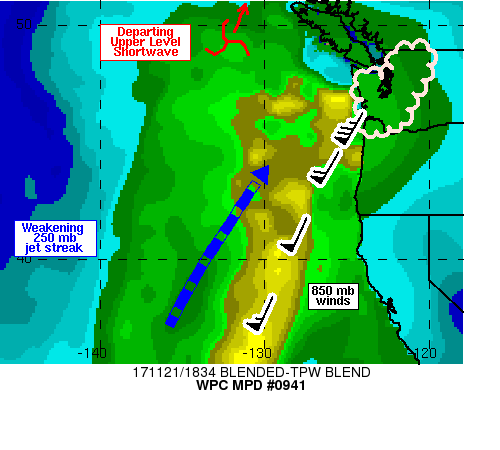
AREAS AFFECTED...FAR NORTHWESTERN OR INTO WESTERN WA

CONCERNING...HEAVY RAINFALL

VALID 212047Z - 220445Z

SUMMARY...RAINFALL RATES CURRENTLY PEAKING IN INTENSITY ACROSS
WESTERN WA WILL BEGIN TO WANE PAST 00Z. AN ADDITIONAL 2-4 INCHES
OF RAIN IS EXPECTED BY 04Z ACROSS THE OLYMPICS...SELECTED COASTAL
RANGES INTO THE WASHINGTON CASCADES.

DISCUSSION...BLENDED TPW IMAGERY THROUGH 18Z SHOWED A LARGE AREA
OF ANOMALOUS PRECIPITABLE WATER VALUES RANGING BETWEEN 200-300
PERCENT OF NORMAL...EXTENDING FROM THE PACIFIC NORTHWEST COAST TO
AND BEYOND 130W AND EXTENDING SWW TO ABOUT 25N. PRECIPITABLE WATER
VALUES WITHIN THE CORE OF THE ANOMALOUS MOISTURE AXIS...WHICH
SHOWED A DIRECT CONNECTION TO THE ITCZ...WERE WIDESPREAD OF 1.5+
INCHES PEAKING NEAR 2 INCHES AS FAR NORTH AS 34N 132W. GPS DATA
SHOWED MAXIMUM PRECIPITABLE WATER VALUES OF 1.3 TO 1.4 INCHES
ALONG MOST OF THE WA COASTLINE. 20Z VWP DATA FROM KLGX SHOWED 850
MB WINDS OF 75 KT FROM THE SSW...ARRIVING SLIGHTLY QUICKER THAN
EARLIER FORECASTS. THESE WINDS REPRESENT A 20 KT INCREASE SINCE
16Z WITH OBSERVED RAINFALL RATES OF NEAR 0.5 TO 0.6 IN/HR OBSERVED
IN THE OLYMPICS.

AS A SHORTWAVE NEAR 49N 132W CONTINUES TO TRACK NORTHEASTWARD INTO
BRITISH COLUMBIA OVER THE NEXT 3-6 HOURS...850 MB WIND SPEEDS
ALONG THE CENTRAL WASHINGTON COASTLINE WILL BEGIN TO
WEAKEN...REACHING 40 KT BY 03Z PER THE LATEST CONSENSUS OF HI-RES
MODEL FORECASTS...AND AS THE MOISTURE AXIS SLIDES SOUTH. MAXIMUM
WIND SPEEDS WITHIN THE MOISTURE AXIS ARE EXPECTED TO RANGE BETWEEN
50-60 KT BY 03Z ALONG THE CENTRAL TO SOUTHERN OR COAST. WEAKENING
TRENDS IN A 150 KT UPPER LEVEL SPEED MAX LOCATED EAST OF A LARGE
SCALE CLOSED LOW LOCATED NEAR 147W ARE ALSO EXPECTED TO CONTINUE
THROUGH 06Z.

THE RESULT WILL BE CONTINUING RAINFALL RATES PEAKING BETWEEN 0.5
AND 0.6 IN/HR FROM THE OLYMPICS INTO THE WASHINGTON CASCADES AND
THE COASTAL RANGES STRADDLING THE OR/WA BORDER OVER THE NEXT
SEVERAL HOURS. LOCALLY HIGHER RATES MAY BE OBSERVED...BUT
WEAKENING WILL OCCUR FROM NORTH TO SOUTH AS THE MOISTURE AXIS
EDGES DOWN THE COAST TONIGHT. AN ADDITIONAL 2-3 INCHES...LOCALLY
NEAR 4 INCHES OF RAIN IS EXPECTED IN THESE LOCATIONS THROUGH 04Z.